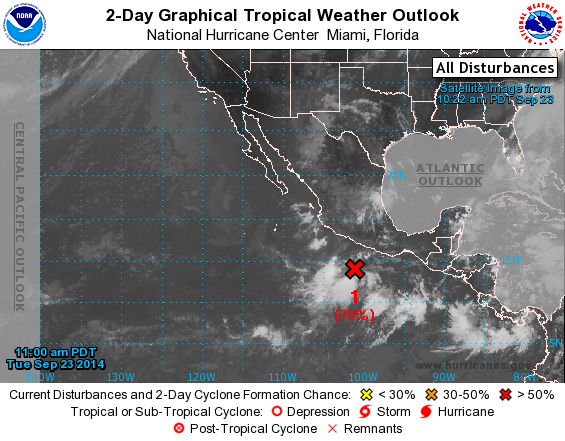
For the eastern North Pacific...east of 140 degrees west longitude:

1. Showers and thunderstorms associated with a low pressure area located a couple of hundred miles south of Acapulco, Mexico, continue to show little change in organization. Upper-level winds are expected to become more conducive for development, and a tropical depression is likely to form during the next day or two while the low moves westward or west-northwestward at about 10 mph.
* Formation chance through 48 hours...high...70 percent.
* Formation chance through 5 days...high...90 percent.

Forecaster Pasch